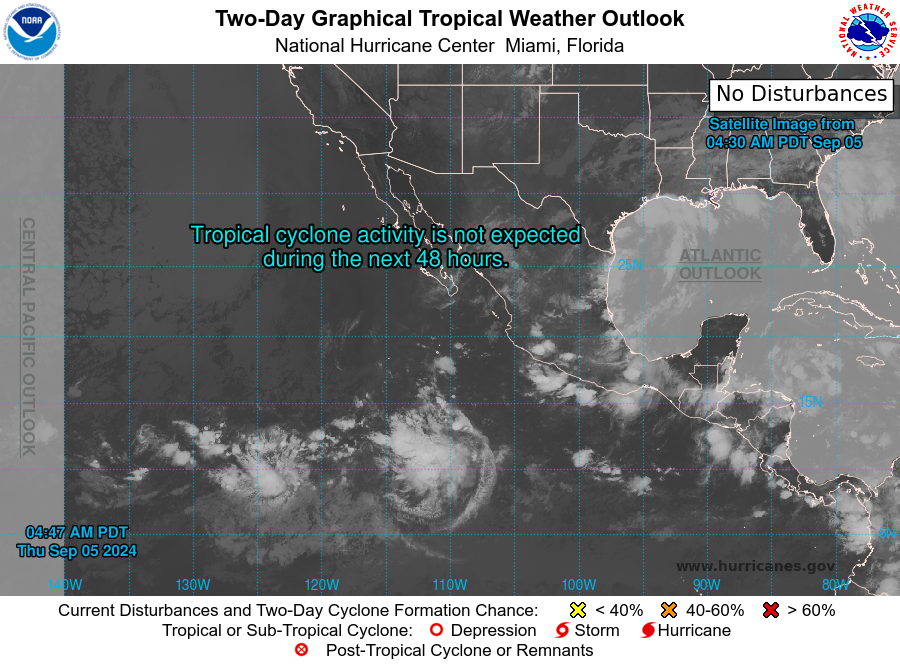
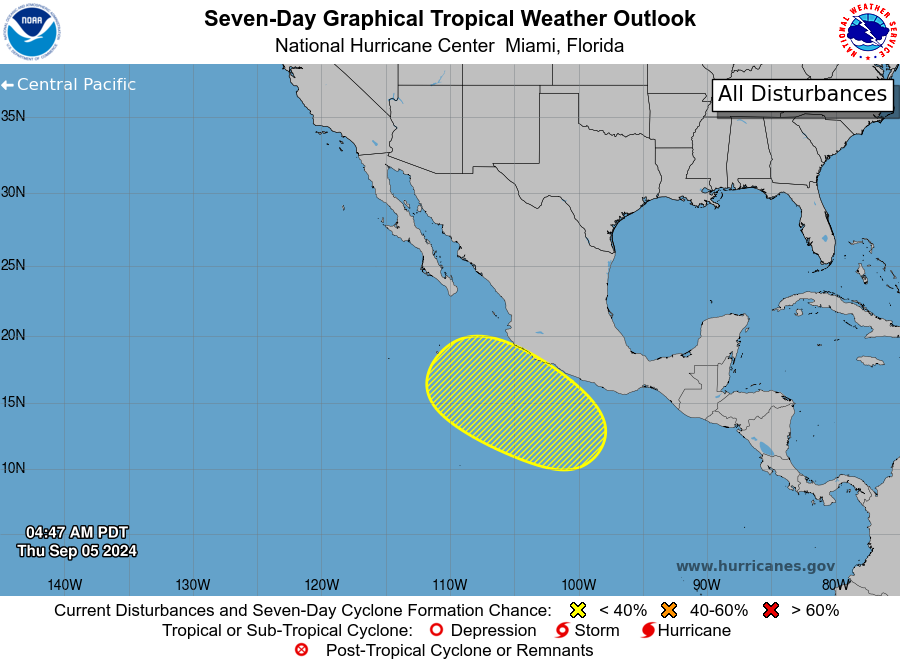
For the eastern North Pacific...east of 140 degrees west longitude:

1. Offshore of Southwestern Mexico: A broad area of low pressure is forecast to form early next week off the coast of southern Mexico. Environmental conditions could support gradual development of this system thereafter while it moves generally west-northwestward, roughly parallel to the coast of southwestern Mexico.
* Formation chance through 48 hours...low...near 0 percent.
* Formation chance through 7 days...low...30 percent.

Forecaster Cangialosi